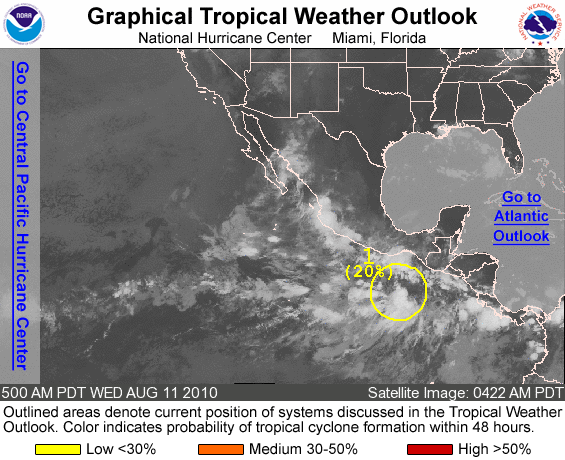
FOR THE EASTERN NORTH PACIFIC...EAST OF 140 DEGREES WEST LONGITUDE..

1. A TROUGH OF LOW PRESSURE LOCATED A FEW HUNDRED MILES SOUTH OF THE GULF OF TEHUANTEPEC IS PRODUCING DISORGANIZED SHOWERS AND THUNDERSTORMS. SOME SLOW DEVELOPMENT OF THIS SYSTEM IS POSSIBLE DURING THE NEXT COUPLE OF DAYS...AND THERE IS A LOW CHANCE...20 PERCENT...OF THIS SYSTEM BECOMING A TROPICAL CYCLONE DURING THE NEXT 48 HOURS AS IT MOVES SLOWLY WEST-NORTHWESTWARD.

ELSEWHERE...TROPICAL CYCLONE FORMATION IS NOT EXPECTED DURING THE NEXT 48 HOURS.

FORECASTER CANGIALOSI